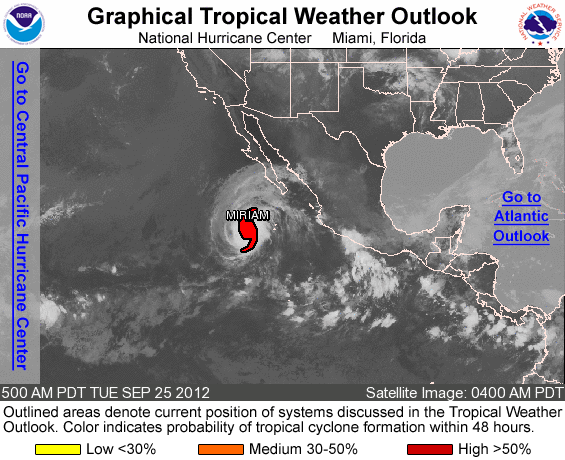
FOR THE EASTERN NORTH PACIFIC...EAST OF 140 DEGREES WEST LONGITUDE..

THE NATIONAL HURRICANE CENTER IS ISSUING ADVISORIES ON HURRICANE MIRIAM...LOCATED ABOUT 405 MILES SOUTHWEST OF THE SOUTHERN TIP OF BAJA CALIFORNIA.

ELSEWHERE...TROPICAL CYCLONE FORMATION IS NOT EXPECTED DURING THE NEXT 48 HOURS.

FORECASTER BROWN